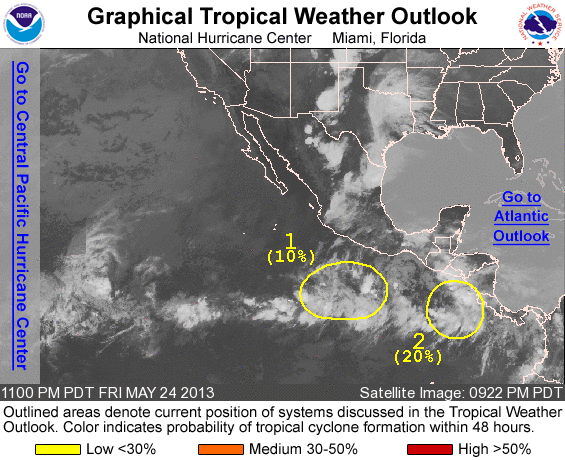
FOR THE EASTERN NORTH PACIFIC...EAST OF 140 DEGREES WEST LONGITUDE..

1. A TROUGH OF LOW PRESSURE LOCATED SEVERAL HUNDRED MILES SOUTH OF THE COAST OF MEXICO IS PRODUCING DISORGANIZED CLOUDINESS AND SHOWERS. DEVELOPMENT...IF ANY...OF THIS SYSTEM SHOULD BE SLOW TO OCCUR AS IT MOVES LITTLE DURING THE NEXT COUPLE OF DAYS. THIS SYSTEM HAS A LOW CHANCE...10 PERCENT...OF BECOMING A TROPICAL CYCLONE DURING THE NEXT 48 HOURS.

2. ANOTHER AREA OF DISTURBED WEATHER IS LOCATED ABOUT 150 MILES SOUTHWEST OF THE COAST OF COSTA RICA. ALTHOUGH THIS SYSTEM IS NOT SHOWING ANY SIGNS OF ORGANIZATION...ENVIRONMENTAL CONDITIONS APPEAR FAVORABLE FOR SOME GRADUAL DEVELOPMENT OF THIS DISTURBANCE DURING THE NEXT COUPLE OF DAYS AS IT DRIFTS WESTWARD. THIS SYSTEM HAS A LOW CHANCE...20 PERCENT...OF BECOMING A TROPICAL CYCLONE DURING THE NEXT 48 HOURS.

ELSEWHERE...TROPICAL CYCLONE FORMATION IS NOT EXPECTED DURING THE NEXT 48 HOURS.

FORECASTER BROWN